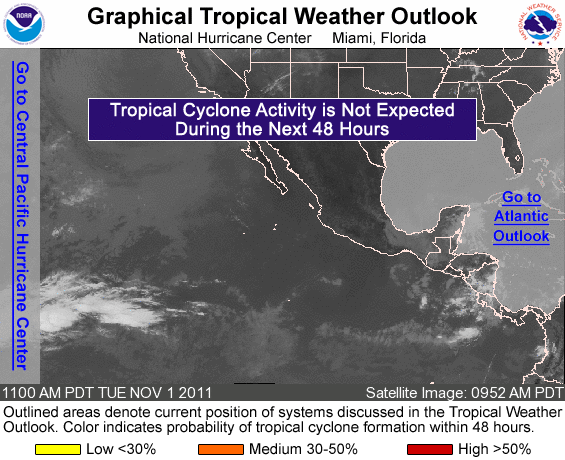
FOR THE EASTERN NORTH PACIFIC...EAST OF 140 DEGREES WEST LONGITUDE..

TROPICAL CYCLONE FORMATION IS NOT EXPECTED DURING THE NEXT 48 HOURS.

FORECASTER BERG